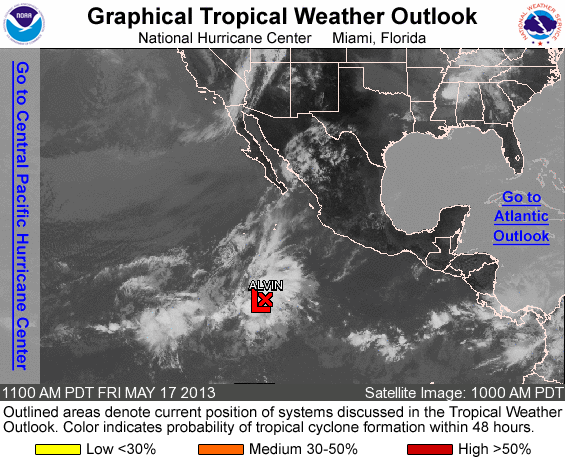
FOR THE EASTERN NORTH PACIFIC...EAST OF 140 DEGREES WEST LONGITUDE..

1. A TROUGH OF LOW PRESSURE...ASSOCIATED WITH THE REMNANTS OF ALVIN... CONTINUES TO PRODUCE SHOWER AND THUNDERSTORM ACTIVITY WELL SOUTHWEST OF MAINLAND MEXICO. ALTHOUGH THIS SYSTEM APPEARS TO HAVE GAINED SOME ORGANIZATION DURING THE MORNING...SIGNIFICANT REDEVELOPMENT DOES NOT APPEAR LIKELY DUE TO STRONG UPPER-LEVEL WINDS. THIS SYSTEM HAS A LOW CHANCE...20 PERCENT...OF BECOMING A TROPICAL CYCLONE AGAIN DURING THE NEXT 48 HOURS AS IT MOVES WESTWARD AT 5 TO 10 MPH.

ELSEWHERE...TROPICAL CYCLONE FORMATION IS NOT EXPECTED DURING THE NEXT 48 HOURS.

FORECASTER BERG